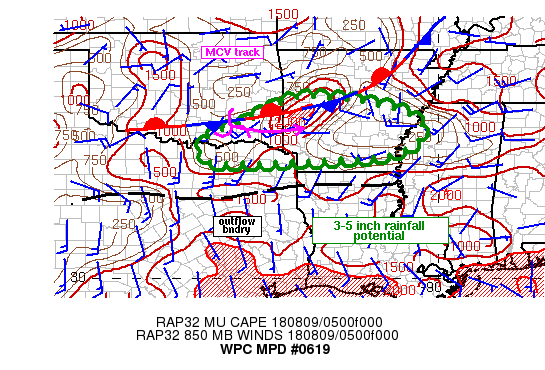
Areas affected...ArkLaTex into central/southern AR and northwest
MS

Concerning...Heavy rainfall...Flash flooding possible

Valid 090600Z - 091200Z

Summary....Flash flooding will be possible across portions of the
ArkLaTex into central/southern AR and northwestern MS through 12Z.
Where the greatest cell training occurs, 3-5 inches of rainfall
are expected.

Discussion...0530Z radar imagery showed scattered, elevated
convection occurring from northeastern TX into south-central AR.
This activity was located 50-100 miles north of a remnant outflow
boundary which stretched from north-central TX into northern LA,
roughly along I-20. An MCV was depicted on the last few frames of
visible and more recent "clean window" IR satellite imagery over
southeastern OK with convective development just ahead of this
feature. Farther east, convection seems to have aligned with 850
mb confluent flow.

MUCAPE via the latest SPC mesoanalysis showed a minimum over
central and eastern AR but with 500-1500 J/kg to the west and
south amid GPS derived precipitable water values of 1.7 to about
2.0 inches. KSHV and KLZK one hour rainfall estimates have been
increasing amid the expanding convection and continued development
appears likely though the remainder of the morning. RAP guidance
shows enhanced 850 mb flow of 20-25 kt to the southeast of the MCV
with forecast expansion into southern AR by 12Z. Given the
overrunning nature of the low level flow across the remnant
outflow boundary, increasing CAPE and mean steering flow parallel
to the surface boundary, training echoes of heavy rain are
expected to increase over the next few hours with pockets of 3-5
inches possible by 12Z from the ArkLaTex into southern and central
AR. Flash flood guidance is lower across northern locations (about
2.5 to 3+ inches in 3 hours), but these values are expected to be
exceeded in a few locations through 12Z.